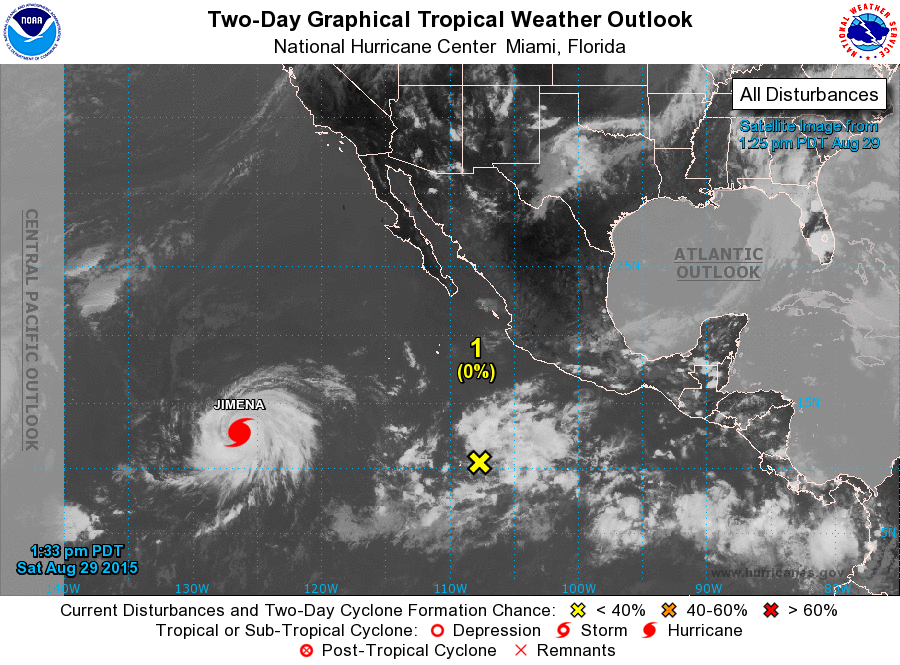
For the eastern North Pacific...east of 140 degrees west longitude:

The National Hurricane Center is issuing advisories on Hurricane Jimena, located about 1250 miles southwest of the southern tip of the Baja California peninsula.

1. A broad area of low pressure located several hundred miles south-southwest of Manzanillo, Mexico, is producing disorganized showers and thunderstorms. Environmental conditions appear conducive for some development of this low by the middle of next week while it moves toward the west or west-northwest at about 10 mph.
* Formation chance through 48 hours...low...near 0 percent
* Formation chance through 5 days...medium...40 percent

Forecaster Berg